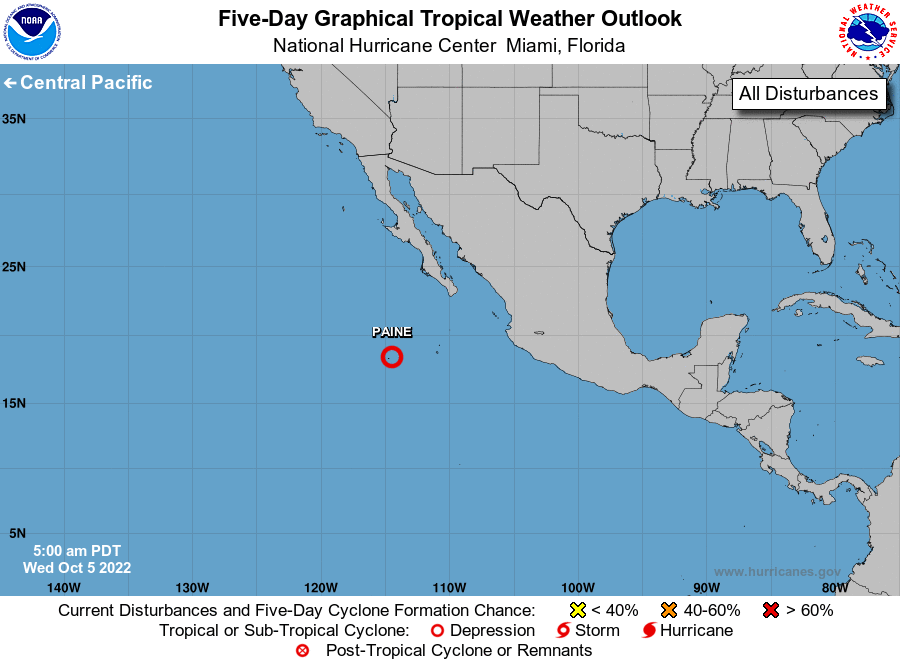
For the eastern North Pacific...east of 140 degrees west longitude:

Active Systems: The National Hurricane Center is issuing advisories on Tropical Storm Paine, located several hundred miles southwest of the southern tip of the Baja California peninsula.

Tropical cyclone formation is not expected during the next 5 days.

Forecaster Latto